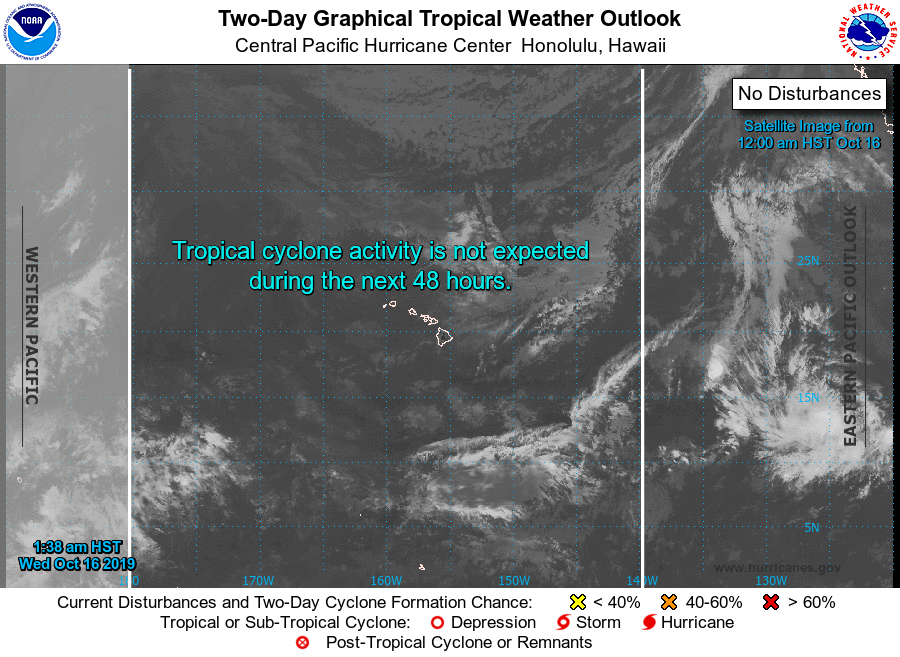
For the central North Pacific...between 140W and 180W:

No tropical cyclones are expected during the next 5 days.

Forecaster Donaldson